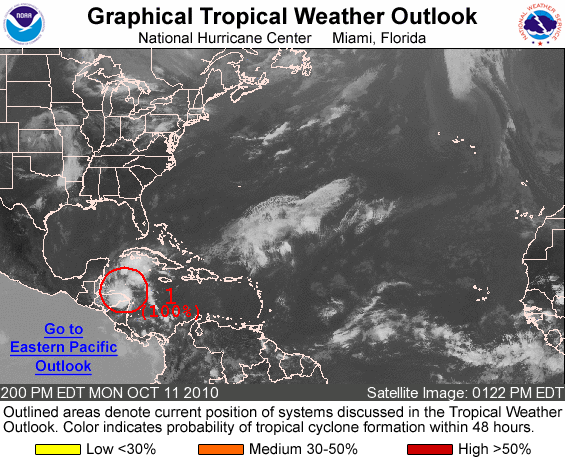
FOR THE NORTH ATLANTIC...CARIBBEAN SEA AND THE GULF OF MEXICO...

1. SATELLITE IMAGES...SURFACE OBSERVATIONS...AND DATA FROM AN AIR FORCE RESERVE HURRICANE HUNTER AIRCRAFT INDICATE THAT A TROPICAL STORM MAY BE FORMING NEAR THE NORTHEASTERN COAST OF HONDURAS. ADVISORIES WILL LIKELY BE INITIATED LATER THIS AFTERNOON...AND WATCHES AND/OR WARNINGS WILL BE REQUIRED FOR PORTIONS OF THE COAST OF HONDURAS... BELIZE...AND THE YUCATAN PENINSULA OF MEXICO. THERE IS A HIGH CHANCE...NEAR 100 PERCENT...OF THIS SYSTEM BECOMING A TROPICAL CYCLONE DURING THE NEXT 48 HOURS AS IT MOVES NORTHWESTWARD AT AROUND 10 MPH. HEAVY RAINFALL IS POSSIBLE OVER PORTIONS OF NICARAGUA...HONDURAS...BELIZE...THE YUCATAN PENINSULA...THE CAYMAN ISLANDS...AND WESTERN CUBA DURING THE NEXT COUPLE OF DAYS.

ELSEWHERE...TROPICAL CYCLONE FORMATION IS NOT EXPECTED DURING THE NEXT 48 HOURS.

FORECASTER BERG/BRENNAN